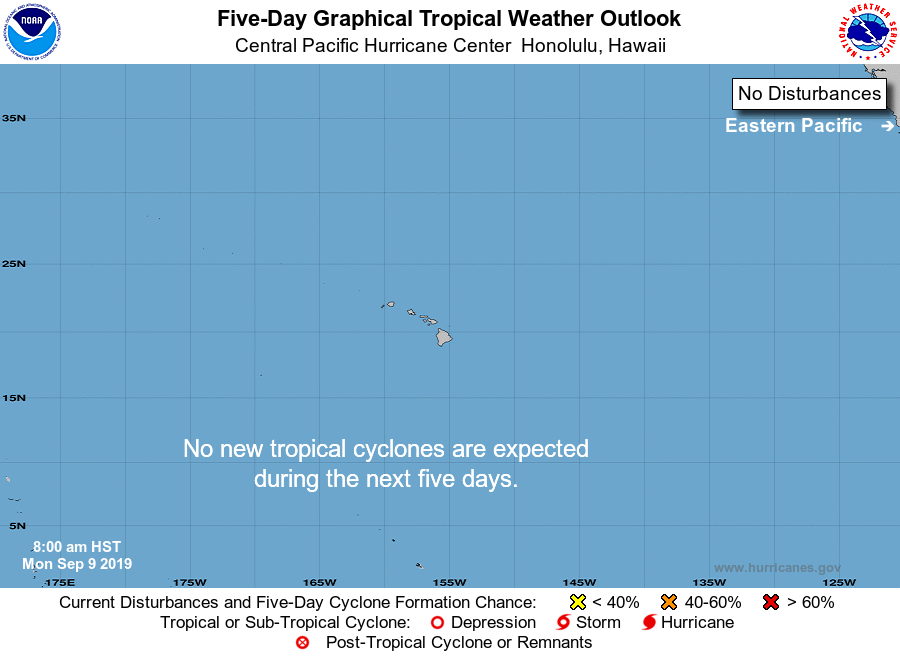
For the central North Pacific...between 140W and 180W:

No tropical cyclones are expected during the next 5 days.

Forecaster R Ballard